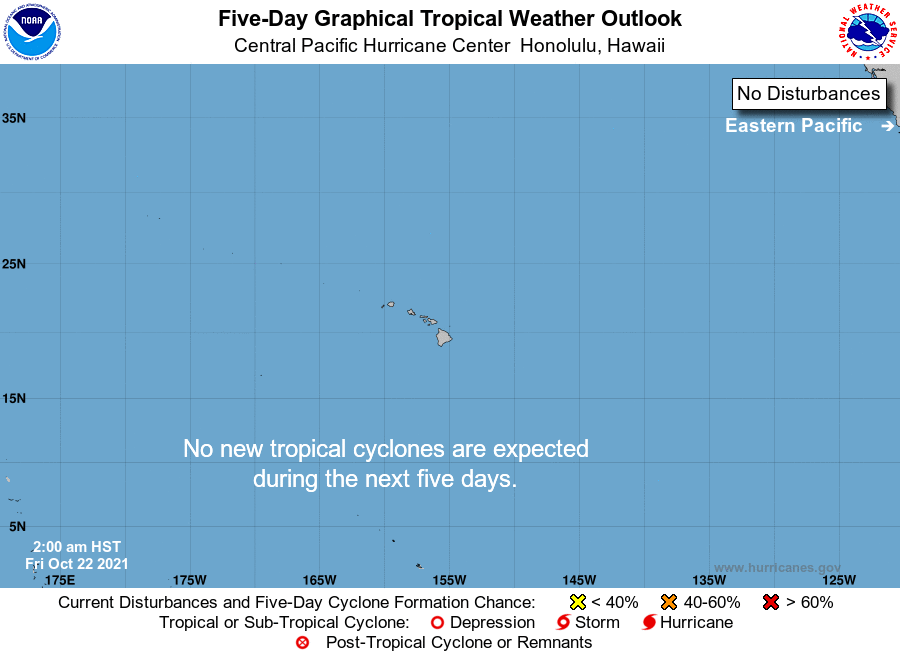
For the central North Pacific...between 140W and 180W:

No tropical cyclones are expected during the next 5 days.

Forecaster M Ballard